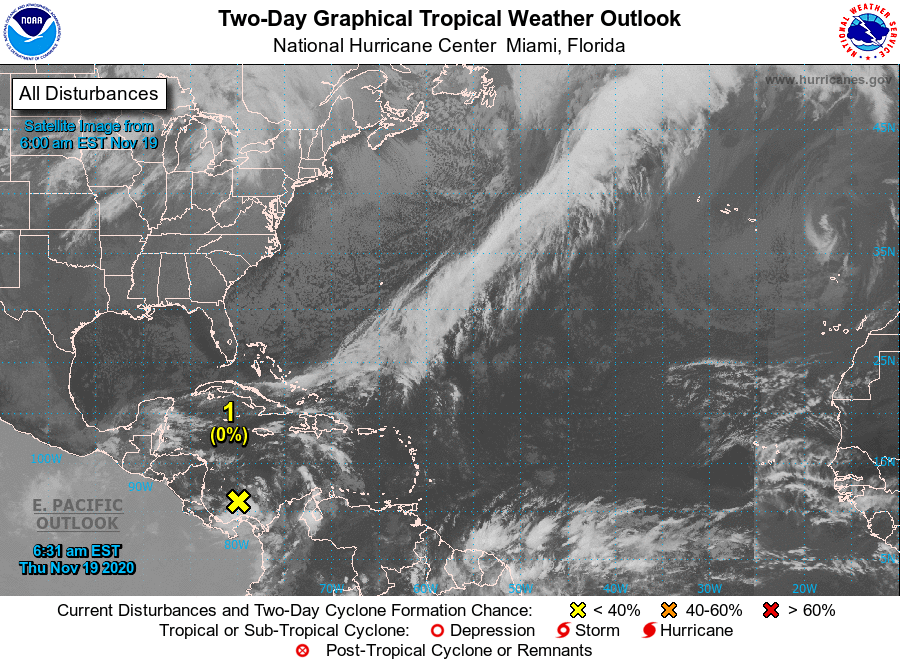
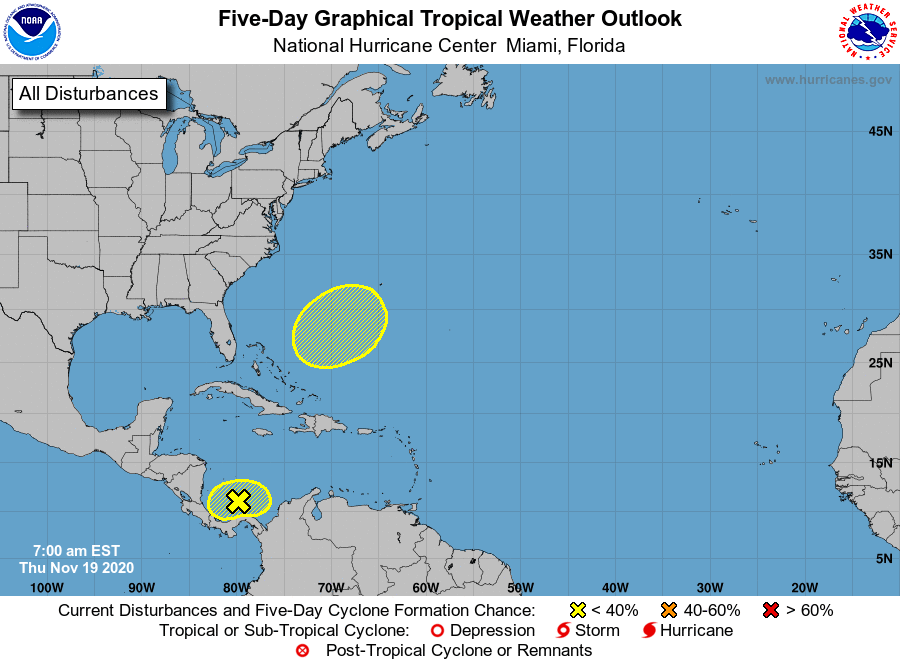
For the North Atlantic...Caribbean Sea and the Gulf of Mexico:

1. An area of disorganized showers and thunderstorms located over the far southwestern Caribbean Sea just off the northern coast of Panama is associated with a broad area of low pressure. Development of this system, if any, is expected to be slow to occur while it drifts westward across the southwestern Caribbean Sea during the next several days. Regardless of tropical cyclone formation, areas of heavy rain are possible during the next several days across portions of Central America from Nicaragua southward to Colombia, potentially causing additional flooding in previously inundated areas.
* Formation chance through 48 hours...low...near 0 percent.
* Formation chance through 5 days...low...10 percent.

2. A non-tropical area of low pressure could form between the Bahamas and Bermuda by early next week. The system could gradually develop subtropical characteristics through the middle of next week while it moves northeastward over the western Atlantic.
* Formation chance through 48 hours...low...near 0 percent.
* Formation chance through 5 days...low...20 percent.

Forecaster Berg